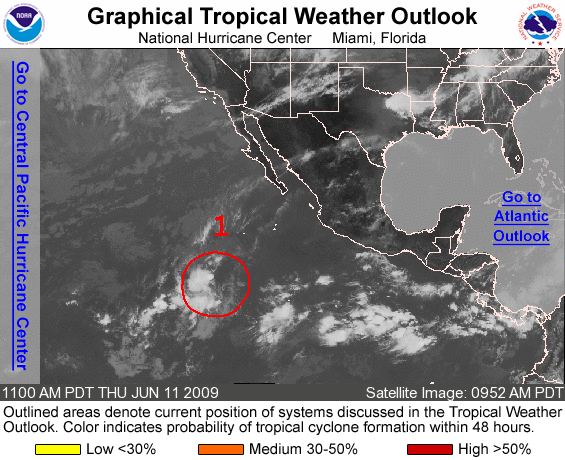
FOR THE EASTERN NORTH PACIFIC...EAST OF 140 DEGREES WEST LONGITUDE..

1. VISIBLE SATELLITE IMAGES REVEALED THAT THE DISTURBANCE CENTERED ABOUT 1000 MILES SOUTHWEST OF THE SOUTHERN TIP OF BAJA CALIFORNIA IS LESS ORGANIZED THAN PREVIOUSLY THOUGHT...AND FURTHER DEVELOPMENT INTO A TROPICAL DEPRESSION IS NOT IMMINENT. HOWEVER...THERE STILL IS A HIGH CHANCE...GREATER THAN 50 PERCENT...OF THIS SYSTEM BECOMING A TROPICAL CYCLONE DURING THE NEXT 48 HOURS.

ELSEWHERE...TROPICAL CYCLONE FORMATION IS NOT EXPECTED DURING THE NEXT 48 HOURS.

FORECASTER AVILA